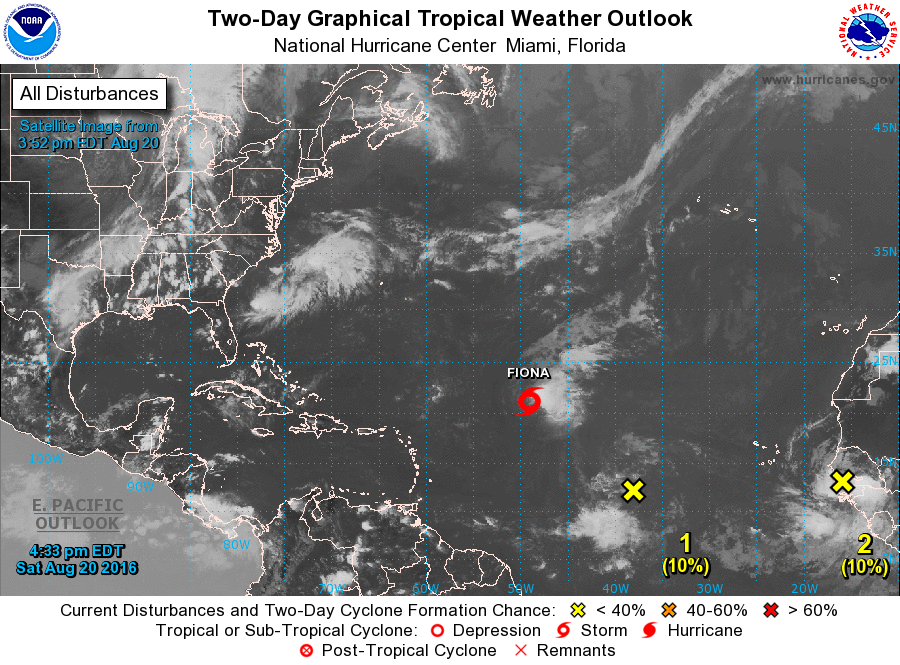
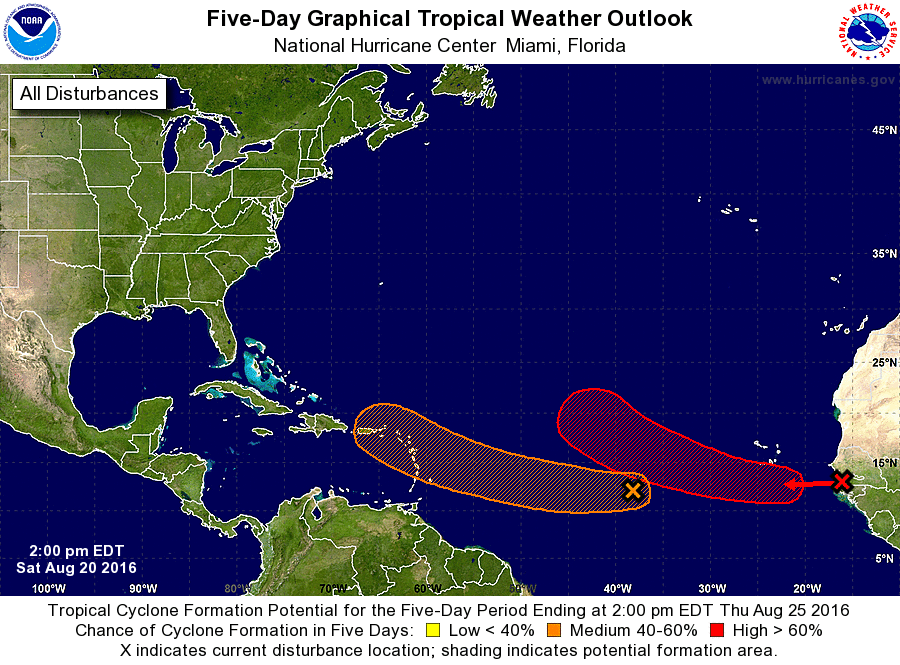
For the North Atlantic...Caribbean Sea and the Gulf of Mexico:

The National Hurricane Center is issuing advisories on Tropical Storm Fiona, located over the central tropical Atlantic.

1. A broad area of low pressure, associated with a tropical wave, is located about midway between the west coast of Africa and the Lesser Antilles. The associated shower activity remains disorganized, and any development during the next couple of days should be slow to occur due to its large size and proximity to dry air. Environmental conditions are forecast to be more conducive for development beyond a couple of days, and a tropical depression could form by the middle of next week while the system moves westward at 15 to 20 mph across the tropical Atlantic Ocean and into the eastern Caribbean Sea.
* Formation chance through 48 hours...low...10 percent
* Formation chance through 5 days...medium...60 percent

2. A tropical wave located near the coast of western Africa continues to produce a large area of cloudiness and thunderstorms. This wave is expected to move offshore tonight and environmental conditions appear conducive for gradual development. This system is likely to become a tropical depression by mid-week while it moves generally west-northwestward over the eastern tropical Atlantic Ocean.
* Formation chance through 48 hours...low...10 percent
* Formation chance through 5 days...high...70 percent

Forecaster Cangialosi/Latto